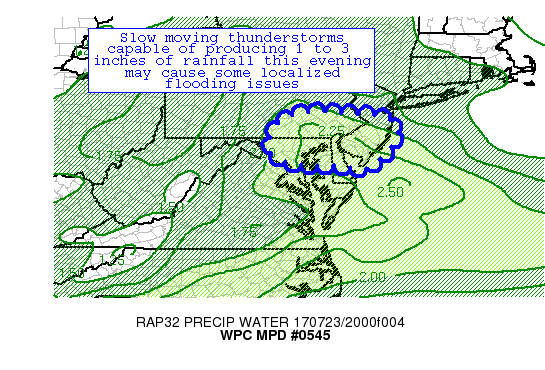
AREAS AFFECTED...N MARYLAND...SE PENNSYLVANIA...DELAWARE...S NEW
JERSEY

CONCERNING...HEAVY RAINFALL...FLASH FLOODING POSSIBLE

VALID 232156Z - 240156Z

SUMMARY...RAINFALL RATES OF 1-2 IN/HR WITH PERIODS OF TRAINING
WILL POSE A FLASH FLOOD THREAT FROM SE PENNSYLVANIA AND NORTH
CENTRAL MARYLAND EASTWARD TO THE JERSEY SHORE THROUGH 02Z.
ISOLATED 3 TO 4 INCH RAINFALL TOTALS WILL BE POSSIBLE FOR A FEW
LOCATIONS.

DISCUSSION...2130Z REGIONAL RADAR SHOWED MULTIPLE CLUSTERS OF
HEAVY SHOWERS AND THUNDERSTORMS NORTH OF THE GREATER WASHINGTON DC
METRO AREA AND EXTENDING NORTHWARD TOWARDS HARRISBURG PA.  RADAR
ESTIMATES OF 2 INCHES PER HOUR IS CURRENTLY BEING INDICATED.   RAP
ANALYSES AND GPS DATA INDICATE A VERY MOIST AIRMASS WITH PWS ON
THE ORDER OF 1.9 TO 2.3 INCHES ALONG WITH 1000 TO 1500 J/KG OF
MLCAPE.  MULTIPLE CELL MERGERS WITH CONVERGING OUTFLOW BOUNDARIES
WILL LOCALLY ENHANCE CONVECTION AND THUS CAUSE HIGHER RAINFALL
RATES.

RECENT RUNS OF THE HRRR AND HRRR EXPERIMENTAL ARE SUGGESTING THE
POTENTIAL OF 1 TO 3 INCHES OF RAINFALL THROUGH 10PM, WITH A FEW
ISOLATED 4 INCH TOTALS POSSIBLE. THE NAM CONEST AND ARW ALSO
SUPPORT THESE TYPES OF AMOUNTS.  THE GREATEST FLOODING POTENTIAL
EXISTS OVER AREAS THAT HAVE RECEIVED HEAVY RAINFALL EARLIER TODAY.